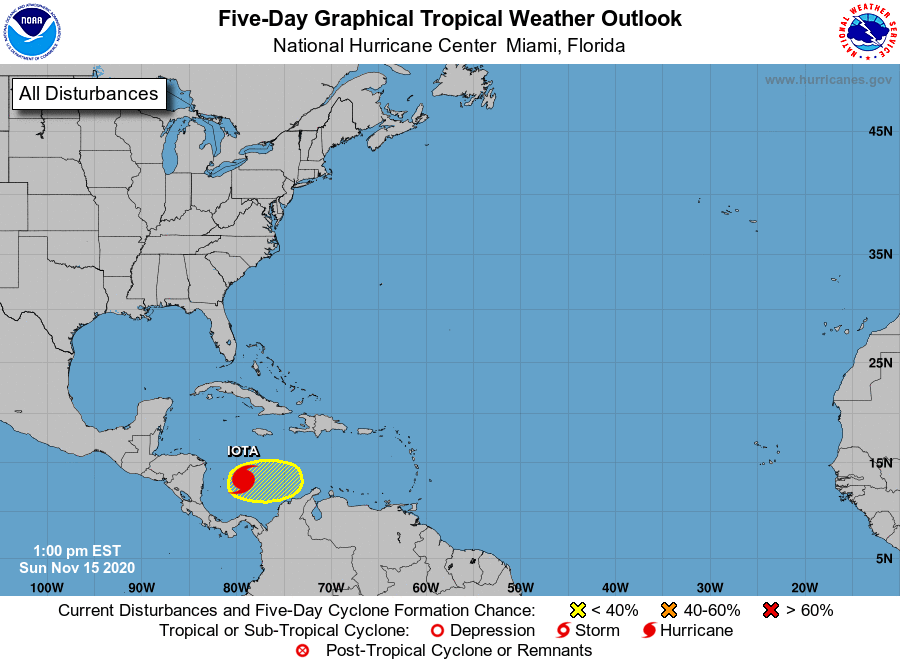
For the North Atlantic...Caribbean Sea and the Gulf of Mexico:

The National Hurricane Center is issuing advisories on Hurricane Iota located over the southwestern Caribbean Sea, and has issued the last advisory on Post-Tropical Cyclone Theta located over the northeastern Atlantic Ocean.

1. Another area of low pressure could form in a few days over the central or southwestern Caribbean Sea. Development, if any, of this system is expected to be slow to occur late this week while the system moves slowly westward across the southwestern Caribbean Sea.
* Formation chance through 48 hours...low...near 0 percent.
* Formation chance through 5 days...low...20 percent.

Forecaster Blake